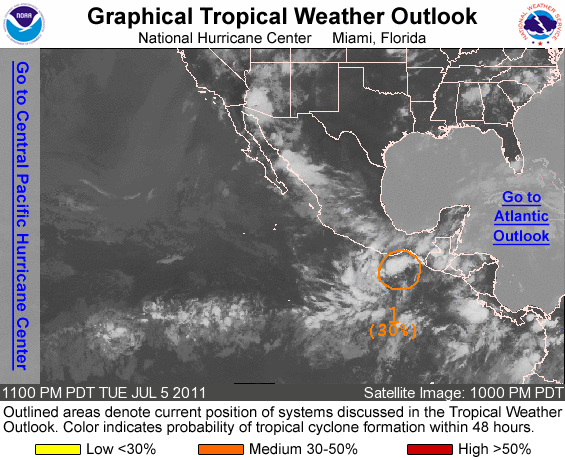
FOR THE EASTERN NORTH PACIFIC...EAST OF 140 DEGREES WEST LONGITUDE..

1. SHOWER AND THUNDERSTORM ACTIVITY HAS BECOME A LITTLE MORE CONCENTRATED IN ASSOCIATION WITH AN AREA OF LOW PRESSURE LOCATED ABOUT 200 MILES SOUTH-SOUTHWEST OF THE GULF OF TEHUANTEPEC. ENVIRONMENTAL CONDITIONS APPEAR FAVORABLE FOR CONTINUED GRADUAL DEVELOPMENT...AND THERE IS A MEDIUM CHANCE...30 PERCENT...OF THIS SYSTEM BECOMING A TROPICAL CYCLONE DURING THE NEXT 48 HOURS AS IT MOVES WESTWARD OR WEST-NORTHWESTWARD AT AROUND 10 MPH.

ELSEWHERE...TROPICAL CYCLONE FORMATION IS NOT EXPECTED DURING THE NEXT 48 HOURS.

FORECASTER BRENNAN